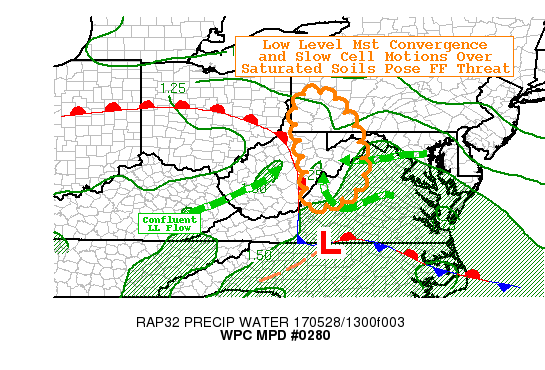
AREAS AFFECTED...NORTHWEST VA...NORTHEAST WV...EXT WESTERN
MD...SOUTHWEST PA

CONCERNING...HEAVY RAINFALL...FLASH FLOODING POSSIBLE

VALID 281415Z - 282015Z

SUMMARY...EFFICIENT RAIN PRODUCING CONVECTION EXPECTED TO DEVELOP
OVER SATURATED SOILS/LOW FFG VALUES POSING FLASH FLOODING THREAT
THROUGH EARLY AFTERNOON HOURS.

DISCUSSION...GOES-16 CONUS VIS IMAGERY ALONG WITH 13Z SURFACE
ANALYSIS DENOTES A SHALLOW WAVE ALONG VA/NC LINE NEAR DAN THAT IS
EXPECTED TO LIFT NORTHWARD WITH EASTERLY FLOW BANKING UP AGAINST
BLUE RIDGE...WHILE ON THE OTHER SIDE OF THE APPALACHIANS HEIGHT
FALLS AND EXPANDING SWLY FLOW IS OVERSPREADING S OH/W WV SPARKING
A FEW CONVECTIVE SHOWERS ON MAXIMIZED WAA CONVERGENCE.  BETWEEN
THESE SYSTEMS LOW LEVEL FLOW WILL CONTINUE TO TIGHTEN IN
CONFLUENCE ACROSS E WV/NW VA.  LOW LEVEL ENVIRONMENT IS QUITE
SATURATED WITH LARGE AREA OF LOW 60S TDS.  INSTABILITY IS
GENERALLY LACKING DUE TO POOR LAPSE RATES PER IAD/PIT 12Z
RAOBS...THOUGH BREAKS IN LOW LEVEL CLOUD DECK EAST OF CONTINENTAL
DIVIDE ARE LIKELY TO AID SURFACE HEATING FOR SOME MILD INSTABILITY
IN THE 250-500 J/KG.

TOWARD 15-16Z...LOW LEVEL INFLOW WILL VEER FROM E TO SLY AND
INCREASE THROUGH 850MB FURTHER SUPPORTING MST CONVERGENCE ACROSS
THE EASTERN WV PANHANDLE SUPPORTING CONVECTIVE DEVELOPMENT.  DUE
TO THE LACK OF INSTABILITY...CONVECTION IS LIKELY TO BE SHALLOW
WITH RELATIVELY SMALL CORES.  THOUGH WITH THE STRONG MST
CONVERGENCE/CONFLUENCE...TPWS ARE EXPECTED TO INCREASE STEADILY
ALLOWING FOR GOOD RAINFALL EFFICIENCY. LARGER SCALE HEIGHT FALLS
AND SWLY FLOW ALOFT WEST OF THE DIVIDE SHOULD SUPPORT WEAK
STEERING/CLOUD ENVIRONMENT WITH SLOW CELLS MOTIONS BUT ALSO
REDEVELOPMENT ALONG TERRAIN WEST TO ALLOW FOR SOME REPEAT/CROSS
TRACKS OF RAIN SWATHS.   MUCH OF THE HI-RES GUIDANCE SUITE IS
SUPPORTIVE OF THIS SCENARIO UNFOLDING WITH 1-1.5" TOTALS ANCHORED
BY CONSISTENCY IN THE LAST FEW RUNS OF THE HRRR AND ESRL
EXPERIMENTAL HRRR.  GIVEN SATURATED SOILS/LOW FFG (PARTICULALRY
FURTHER S OVER E WV/NW VA) COULD POSE LOCALIZED FF CONCERNS.

TOWARD MIDDAY (18Z-20Z) MAIN FORCING FROM WAA FROM SW ALONG WITH
INCREASED INSTABILITY OVER 500 J/KG PER RAP/HRRR...SHOULD EXPAND
CONVECTIVE COVERAGE FURTHER N INTO SW PA...DEEPER CORES WITH
FURTHER SATURATED ENVIRONMENT/SFC MST CONVERGENCES LIFTING
N...SHOULD ALSO ALLOW FOR INCREASED RAINFALL EFFICIENCY LIKELY
OVER 1"/HR. GIVEN CELLS ARE LIKELY TO BE ANCHORED TO TERRAIN FOR
SOME DURATION.  WILL CONTINUE TO MONITOR THIS EVOLUTION AND UPDATE
MPD AS NEEDED.